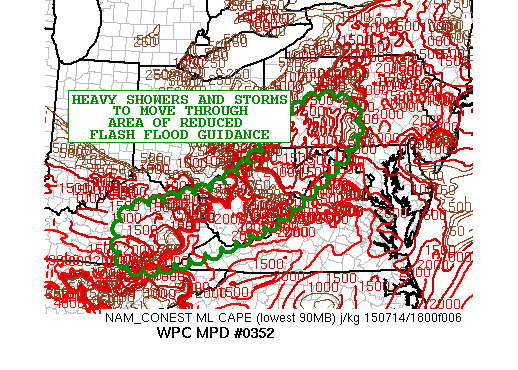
AREAS AFFECTED......SOUTHWEST PA...WESTERN MD...WEST
VIRGINIA...EASTERN KY...SOUTHWEST VA

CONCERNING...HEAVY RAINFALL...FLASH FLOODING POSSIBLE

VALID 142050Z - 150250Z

SUMMARY...TRAINING CONVECTION CAPABLE OF HOURLY RAIN RATES UP TO
2" AN HOUR COULD CAUSE FLASH FLOODING OVER AREAS WHERE PRIOR
SHOWERS/STORMS OCCURRED.

DISCUSSION...A MID LEVEL CIRCULATION CROSSING FROM EASTERN OHIO
MOVING EAST TOWARDS WESTERN PA HAS AN ASSOCIATED UPPER
DIVERGENCE/LOWER CONVERGENCE MAXIMA FORECAST TO MOVE IN ADVANCE OF
THE CIRCULATION ACROSS
SOUTHWEST PA...WESTERN MD...WV...EASTERN KY...AND ADJACENT
PORTIONS OF WESTERN VA.

THESE AREAS EXPERIENCED PRIOR SHOWERS THAT HAVE RESULTED IN
LOWERED 6 HOUR FLASH FLOOD GUIDANCE VALUES TO AN INCH IN MUCH OF
THE RISK AREA.

A PRIMARY BAND OF SHOWERS/STORMS HAS FORMED AND IS MOVING EAST
SOUTHEAST FROM OHIO INTO WV AND NORTHEAST KY.  MLCAPES IN THE
REGION CURRENTLY ARE 2-3000 J/KG, WHICH SHOULD CONTINUE TO SUPPORT
DEVELOPMENT.
AREA FORECAST SOUNDINGS SHOW GRADUAL VEERING OF WINDS FROM WEST TO
WEST NORTHWEST...SO EAST SOUTHEAST MOTION SHOULD CONTINUE OVER
TIME. PRECIPITABLE WATER VALUES OF 1.5-1.75" EXIST HERE, 1.5-2
SIGMAS ABOVE THE MEAN FOR MID-JULY.

WITH LOW DIRECTIONAL SHEAR WITH HEIGHT, LOCALIZED TRAINING OF
CELLS IS EXPECTED.  FLASH FLOODING IS POSSIBLE WHERE CELLS TRAIN.
MODEL GUIDANCE SHOWS WIDESPREAD HALF TO ONE INCH RAINS WITH LOCAL
2-3 INCH AMOUNTS WHERE TRAINING OCCURS.